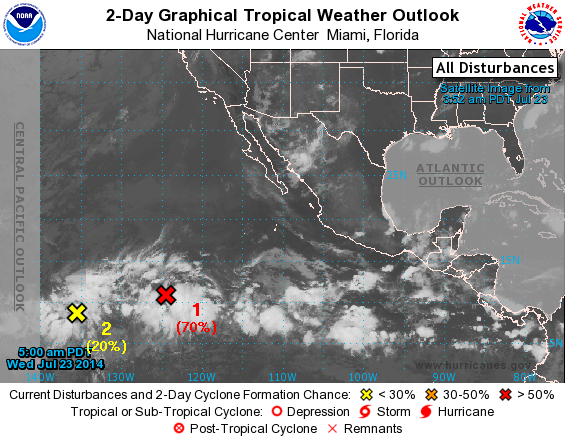
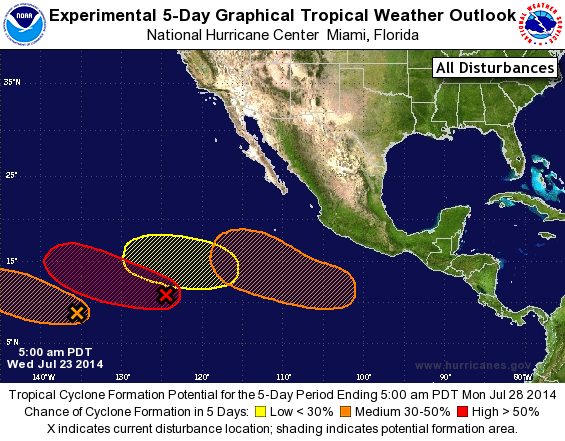
For the eastern North Pacific...east of 140 degrees west longitude:

1. Showers and thunderstorms associated with an area of low pressure located about 1300 miles southwest of the southern tip of the Baja California peninsula continue to show signs of organization. Environmental conditions appear conducive for additional development and this system is expected to become a tropical depression during the next few days while it moves westward or west-northwestward at 10 to 15 mph.
* Formation chance through 48 hours...high...70 percent.
* Formation chance through 5 days...high...80 percent.

2. A tropical wave located about 1700 miles east-southeast of the Big Island of Hawaii is producing disorganized showers and thunderstorms. Some development of this system is possible during the next few days while it moves westward into the central Pacific.
* Formation chance through 48 hours...low...20 percent.
* Formation chance through 5 days...medium...50 percent.

3. An area of low pressure is forecast to form several hundred miles south of the coast of Mexico in a few days. Some development of this system is expected over the weekend while it moves generally west-northwestward.
* Formation chance through 48 hours...low...near 0 percent.
* Formation chance through 5 days...medium...50 percent.

4. Another area of low pressure could form during the next couple of days several hundred miles southwest of the southern tip of the Baja California peninsula. Some gradual development of this system is possible by the weekend while it moves generally westward.
* Formation chance through 48 hours...low...near 0 percent.
* Formation chance through 5 days...low...20 percent.

Forecaster Blake